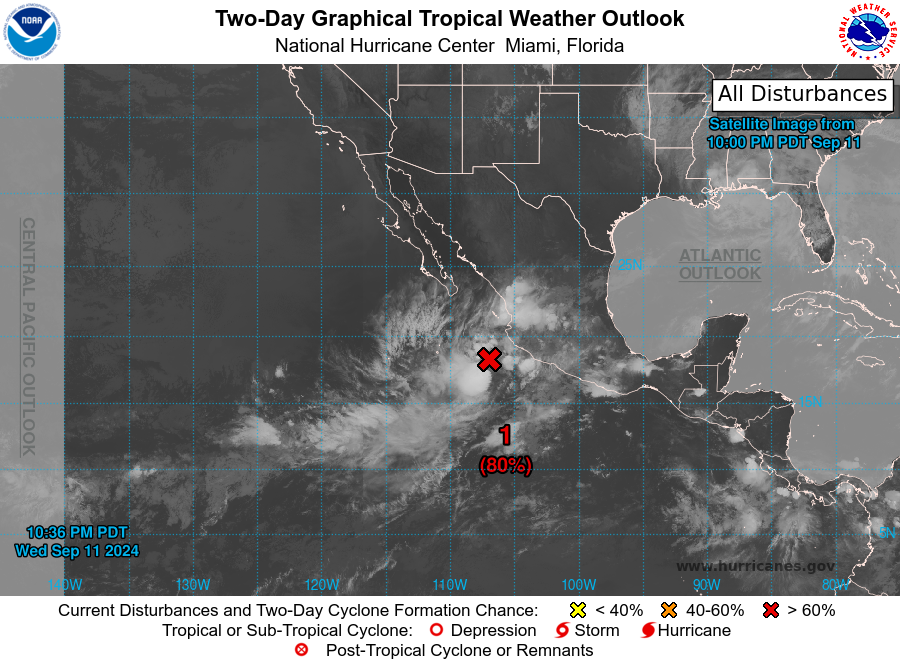
For the eastern North Pacific...east of 140 degrees west longitude:

1. Offshore of Southwestern Mexico (EP93): A broad area of low pressure located a couple of hundred miles west-southwest of Manzanillo, Mexico, is producing a large area of showers and thunderstorms. Environmental conditions appear conducive for additional development, and a tropical depression is likely to form during the next couple of days while the system moves slowly northwestward, near the coast of southwestern Mexico and toward the Baja California Peninsula. Regardless of development, heavy rainfall is likely across coastal portions of southwestern and west-central Mexico during the next day or two. Interests in the southern Baja California peninsula should monitor the progress of this system.
* Formation chance through 48 hours...high...80 percent.
* Formation chance through 7 days...high...80 percent.

Forecaster Pasch